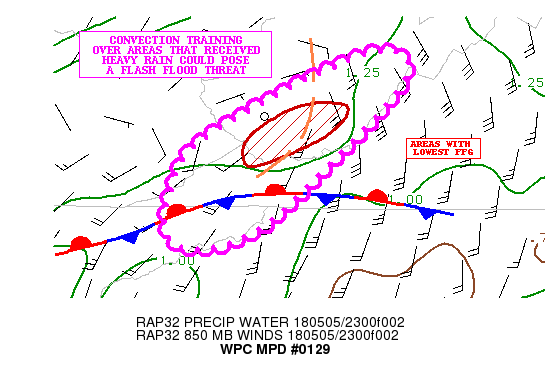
AREAS AFFECTED...SOUTHERN WV...FAR EASTERN KY/TN...FAR SOUTHWEST
VA

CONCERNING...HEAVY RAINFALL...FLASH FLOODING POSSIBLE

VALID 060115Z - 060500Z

SUMMARY...CONVECTION TRACKING OVER AREAS THAT RECEIVED HEAVY
RAINFALL DURING THE AFTERNOON AND EVENING COULD RESULT IN A FLASH
FLOOD THREAT THROUGH THE LATE EVENING.

DISCUSSION...REGIONAL RADARS SHOWED A LARGE AREA OF MODERATE TO
HEAVY RAINFALL EXTENDING ACROSS MUCH OF KY/EASTERN TN INTO
WV/WESTERN VA EARLY THIS EVENING. EMBEDDED WITHIN THE MODERATE TO
HEAVY RAINFALL WERE LINES OF CONVECTION...CONCENTRATED MAINLY OVER
FAR EASTERN TN INTO SOUTHEAST WV/FAR WESTERN VA. THE 00Z RNK
SOUNDING SHOWED SBCAPE VALUES NEAR 1000 J/KG IN THIS AIRMASS. A 20
TO 30 KNOT LOW LEVEL SOUTH SOUTHEAST FLOW CONTINUES TO PUMP 1.25
INCH PRECIPITABLE WATER AIR OVER THIS AREA.

CONVECTION OVER SOUTHEAST WV AND PORTIONS OF EASTERN TN IS TAKING
ADVANTAGE OF THE INSTABILITY AND MOISTURE TO PRODUCE HOURLY
RAINFALL RATES NEAR 1.50 INCHES...WITH THE HIGHEST VALUES OVER
WASHINGTON COUNTY TN. 00Z SOUNDINGS ACROSS THE OH VALLEY AND
INTERIOR MID ATLANTIC SHOWED SOME DRY AIR IN THE MID LEVELS...AND
THE HCA PRODUCT FROM KFCX SHOWED INDICATIONS OF HAIL...SO SOME OF
THESE RATES COULD BE HAIL CONTAMINATED.

A SHORT WAVE OVER WESTERN AND CENTRAL TN WILL PROVIDE INCREASING
SYNOPTIC SCALE LIFT OVER THE REGION INTO THE EARLY MORNING HOURS.
HOWEVER...INSTABILITY IS EXPECTED TO CONTINUE TO WANE DURING THIS
TIME...AS THE BEST INSTABILITY REMAINS SOUTH OF A QUASI STATIONARY
FRONT EXTENDING INTO SOUTHWEST VA. THROUGH 06/03Z OR SO...THE
COMBINATION OF RESIDUAL INSTABILITY AND LIFT ASSOCIATED WITH THE
SHORT WAVE COULD PRODUCE LOCAL RAINFALL AMOUNTS OF 1.00 TO 2.00
INCHES) WHICH IS SUPPORTED BY THE MOST RECENT HRRR AND
EXPERIMENTAL HRRR). THE HIGHEST AMOUNTS ARE EXPECTED OVER
SOUTHERN WV INTO A PORTION OF EASTERN TN.

SOME OF THESE AREAS RECEIVED BETWEEN 2.00 AND 2.50 INCHES OF
RAINFALL (BASED ON THE KRLX STORM TOTAL RAINFALL IMAGE) THIS
AFTERNOON AND EVENING...WITH THE HIGHEST AMOUNTS OVER SOUTHEAST
WV. THE ADDITIONAL RAINFALL COULD RESULT IN AN ADDITIONAL FLASH
FLOOD THREAT INTO THE LATE EVENING... AFTER WHICH TIME THE
REMAINING INSTABILITY IS EXPECTED TO BECOME EXHAUSTED.

SINCE THERE IS SOME QUESTION ABOUT THE AREAL EXTENT OF ADDITIONAL
CONVECTION OVER THESE AREAS...FLASH FLOODING IS ONLY CONSIDERED
POSSIBLE.